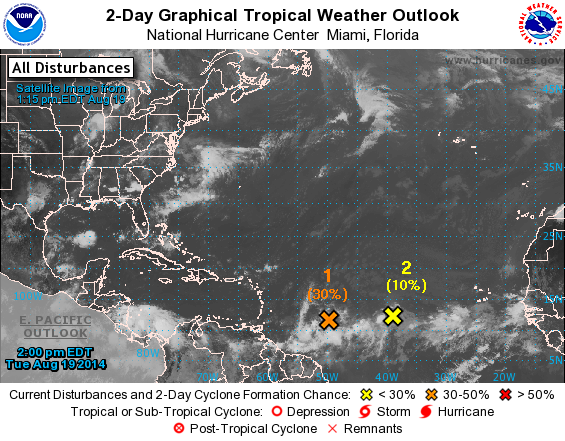
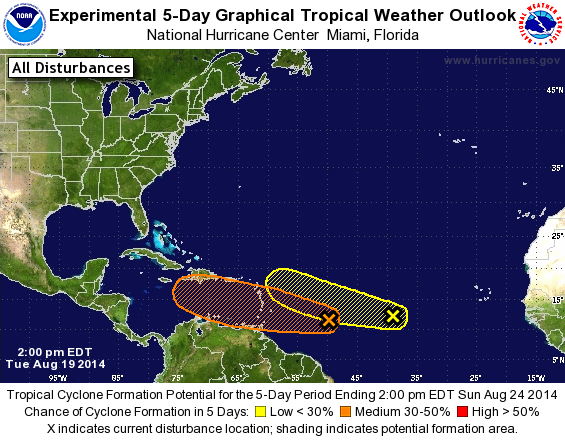
For the North Atlantic...Caribbean Sea and the Gulf of Mexico:

1. Disorganized shower and thunderstorm activity continues in association with an elongated area of low pressure that extends from the northeastern coast of South America into the central tropical Atlantic. Environmental conditions are forecast to be more conducive for gradual development of this system during the next few days as it approaches the Lesser Antilles and moves into the Caribbean Sea.
* Formation chance through 48 hours...medium...30 percent.
* Formation chance through 5 days...medium...40 percent.

2. A tropical wave located about midway between the west coast of Africa and the Lesser Antilles is producing some disorganized shower and thunderstorm activity. Some slow development of this system is possible over the next several days while it moves toward the west-northwest at about 10 mph.
* Formation chance through 48 hours...low...10 percent.
* Formation chance through 5 days...low...20 percent.

Forecaster Brennan